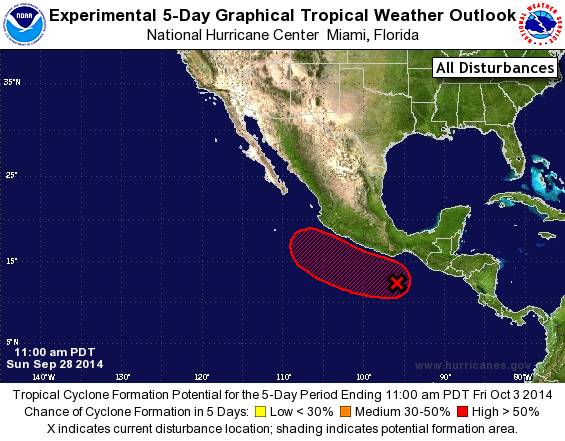
For the eastern North Pacific...east of 140 degrees west longitude:

The National Hurricane Center is issuing advisories on Hurricane Rachel, located several hundred miles west of the southern tip of the Baja California peninsula.

1. A large area of disorganized showers and thunderstorms extending from near the coast of southeastern Mexico southward for several hundred miles is associated with a broad area of low pressure. Environmental conditions are expected to be conducive for gradual development, and a tropical depression could form around the middle part of the week while the system drifts west-northwestward or northwestward.
* Formation chance through 48 hours...low...20 percent.
* Formation chance through 5 days...high...60 percent.

Forecaster Brown